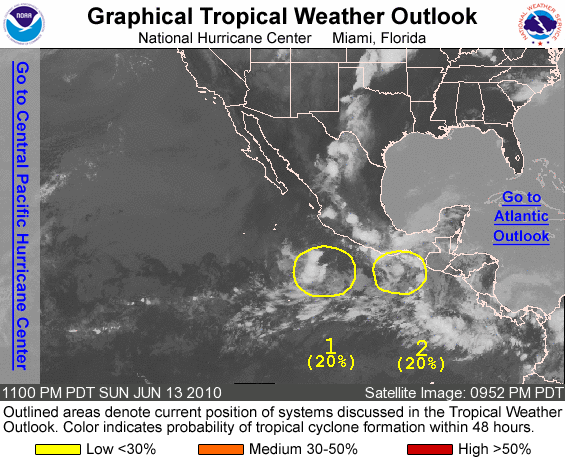
FOR THE EASTERN NORTH PACIFIC...EAST OF 140 DEGREES WEST LONGITUDE..

1. CLOUDINESS AND SHOWERS ASSOCIATED WITH A LARGE AREA OF DISTURBED WEATHER LOCATED A FEW HUNDRED MILES SOUTHWEST OF ACAPULCO MEXICO HAVE CHANGED LITTLE TONIGHT. HOWEVER...SOME SLOW DEVELOPMENT IS POSSIBLE AS THE SYSTEM MOVES SLOWLY WEST-NORTHWESTWARD OVER THE NEXT COUPLE OF DAYS. THERE IS A LOW CHANCE...20 PERCENT...OF THIS SYSTEM BECOMING A TROPICAL CYCLONE DURING THE NEXT 48 HOURS.

2. A BROAD AREA OF CLOUDINESS AND THUNDERSTORMS HAS REMAINED STATIONARY A COUPLE HUNDRED MILES SOUTH OF THE GULF OF TEHUANTEPEC. DEVELOPMENT...IF ANY...SHOULD BE SLOW TO OCCUR OVER THE NEXT COUPLE OF DAYS AS THE SYSTEM DRIFTS WESTWARD. THERE IS A LOW CHANCE...20 PERCENT...OF THIS SYSTEM BECOMING A TROPICAL CYCLONE DURING THE NEXT 48 HOURS.

ELSEWHERE...TROPICAL CYCLONE FORMATION IS NOT EXPECTED DURING THE NEXT 48 HOURS.

FORECASTER STEWART/BLAKE